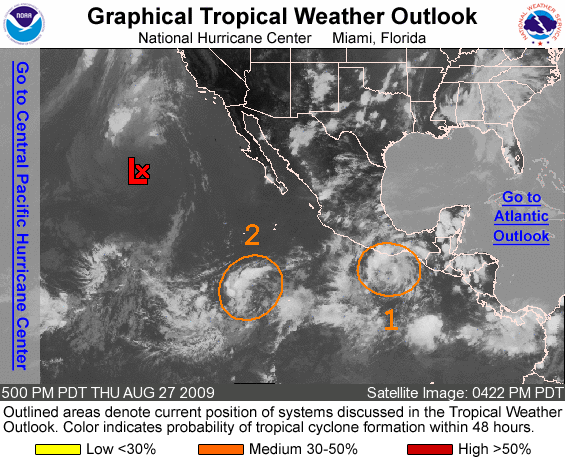
FOR THE EASTERN NORTH PACIFIC...EAST OF 140 DEGREES WEST LONGITUDE..

1. THE AREA OF DISTURBED WEATHER LOCATED JUST SOUTHWEST OF THE GULF OF TEHUANTEPEC HAS CHANGED LITTLE IN ORGANIZATION OVER THE PAST FEW HOURS. ENVIRONMENTAL CONDITIONS ARE EXPECTED TO REMAIN FAVORABLE FOR ADDITIONAL DEVELOPMENT OF THIS SYSTEM AS IT MOVES WEST TO WEST-NORTHWESTWARD NEAR 10 MPH OVER THE NEXT COUPLE OF DAYS. THERE IS A MEDIUM CHANCE...30 TO 50 PERCENT...OF THIS SYSTEM BECOMING A TROPICAL CYCLONE DURING THE NEXT 48 HOURS.

2. SHOWER AND THUNDERSTORM ACTIVITY HAS INCREASED IN ASSOCIATION WITH THE AREA OF LOW PRESSURE CENTERED ABOUT 850 MILES SOUTH-SOUTHWEST OF THE SOUTHERN TIP OF BAJA CALIFORNIA. CONDITIONS APPEAR FAVORABLE FOR GRADUAL DEVELOPMENT OF THIS SYSTEM DURING THE NEXT COUPLE OF DAYS AS IT MOVES WEST-NORTHWESTWARD AT 10 TO 15 MPH. THERE IS A MEDIUM CHANCE...30 TO 50 PERCENT...OF THIS SYSTEM BECOMING A TROPICAL CYCLONE DURING THE NEXT 48 HOURS.

3. THE REMNANT LOW OF IGNACIO IS LOCATED ABOUT 750 MILES WEST-SOUTHWEST OF SAN DIEGO CALIFORNIA AND IS MOVING NORTHWESTWARD AROUND 10 MPH. THE LOW IS EXPECTED TO REMAIN OVER COLD WATERS...AND REGENERATION INTO A TROPICAL CYCLONE IS NOT EXPECTED.

ELSEWHERE...TROPICAL CYCLONE FORMATION IS NOT EXPECTED DURING THE NEXT 48 HOURS.

FORECASTER BERG